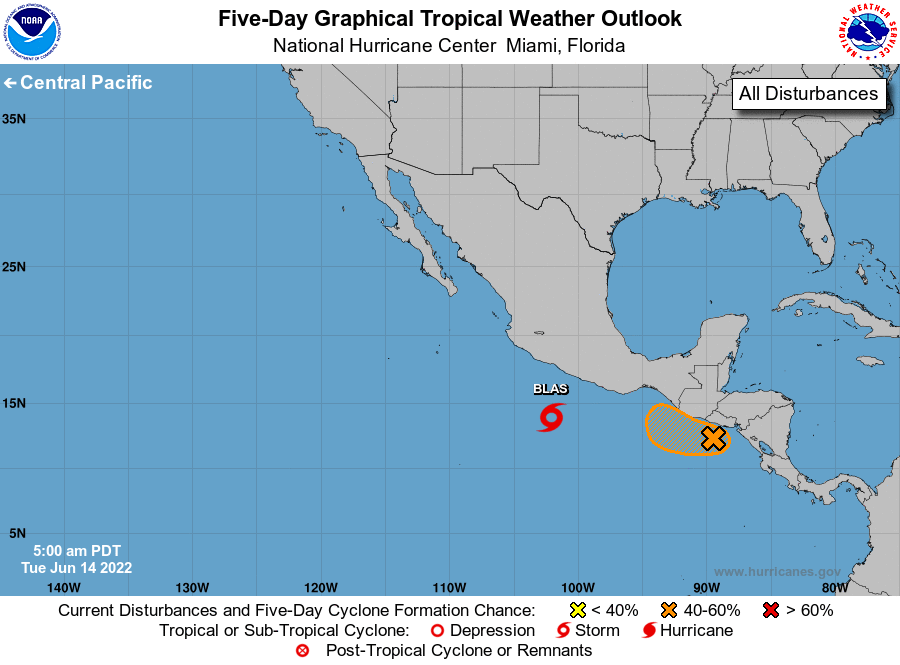
For the eastern North Pacific...east of 140 degrees west longitude:

The National Hurricane Center is issuing advisories on newly formed Tropical Depression Two-E, located a few hundred miles south of the southwest coast of Mexico.

1. Off the coast of Central America: Showers and thunderstorms off the coast of Central America associated with a trough of low pressure have become better organized overnight. Further development of this system is possible while it drifts northwestward, and it could become a tropical depression during the next couple of days. Environmental conditions are forecast to become less conducive for development by the end of the week. Regardless of development, locally heavy rains are possible across portions of Nicaragua, El Salvador, Guatemala, and southern Mexico during the next several days.
* Formation chance through 48 hours...medium...40 percent.
* Formation chance through 5 days...medium...50 percent.

Public Advisories on Two-E are issued under WMO header WTPZ32 KNHC and under AWIPS header MIATCPEP2. Forecast/Advisories on Two-E are issued under WMO header WTPZ22 KNHC and under AWIPS header MIATCMEP2.

Forecaster Blake/Bucci